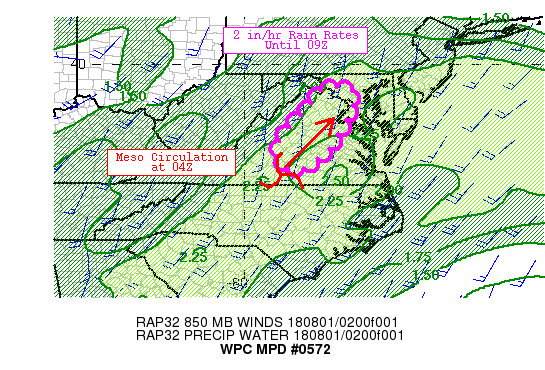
Areas affected...Virginia Piedmont and Foothills to the DC Metro
Area

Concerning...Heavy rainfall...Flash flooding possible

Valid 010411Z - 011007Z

Summary...Embedded lines of thunderstorms should persist as they
lift north across the VA Piedmont to the DC metro area overnight.

Discussion...Southern Mid-Atlantic radars and GOES-16 imagery
reveals locally heavy scattered showers with a developing line of
heavy thunderstorms with rain rates of 2in/hr extending N-S over
the southern VA Piedmont. A curl in reflectivity on the southern
part of the line suggests an MCV which could aide development
through the overnight hours.

CAMs have not initialized well with this activity, but the latest
HRRR runs suggest heavy elements persisting to the DC metro as the
thunderstorms ride deep layer mean flow out of the SSW at 25kt.
MLCAPE of 500-1000J/kg should maintain convective growth as seen
in recent GOES-16 IR imagery. Moisture is very high across this
area with PW of 2.1in (two standard deviations above the mean) per
02Z GPS data. 1hr FFG is rather high over southern VA, around
2in/hr, but drops to around 1in/hr over the DC metro. The heaviest
rain associated with the MCV looks to track east of the earlier
rainfall over the central VA foothills, but could still cause
additional flooding concerns around KCHO. A track just east of
earlier activity would also reach the DC metro.